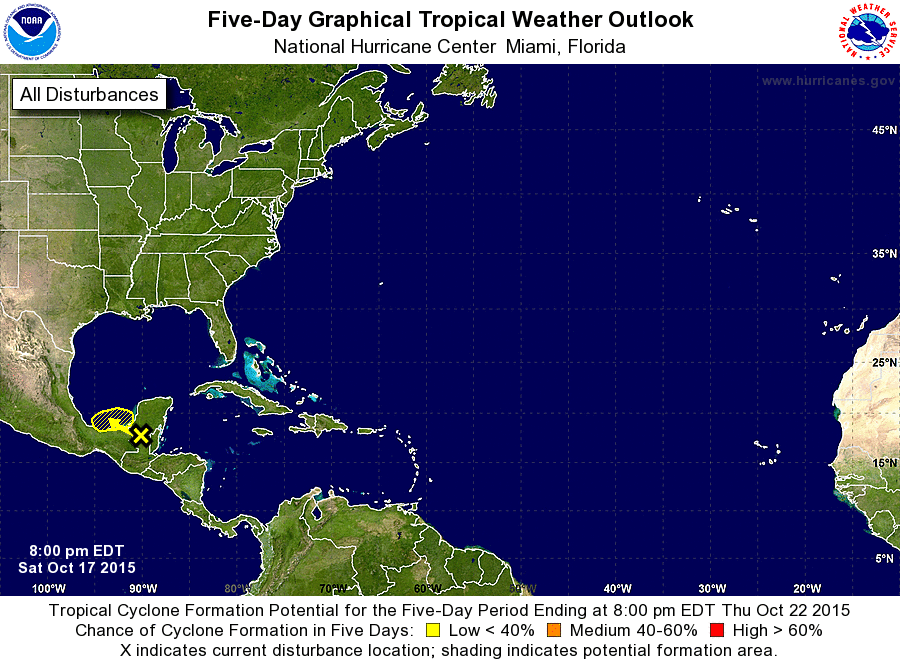
For the North Atlantic...Caribbean Sea and the Gulf of Mexico:

1. An area of low pressure located inland near Guatemala's northern border with Mexico is producing widespread cloudiness, showers, and a few thunderstorms across portions of the northwestern Caribbean Sea and the Yucatan Peninsula. Significant development is not expected through tonight while the low moves slowly west- northwestward across the southern Yucatan Peninsula. However, some development is possible on Sunday or Monday if the low emerges into the southern Bay of Campeche. An Air Force Reserve Hurricane Hunter aircraft is scheduled to investigate this system Sunday afternoon, if necessary. Regardless of tropical cyclone formation, this system will likely produce heavy rainfall across portions of Belize, northern Guatemala, the Yucatan Peninsula, and southeastern Mexico through Monday.
* Formation chance through 48 hours...low...20 percent
* Formation chance through 5 days...low...20 percent

Forecaster Berg